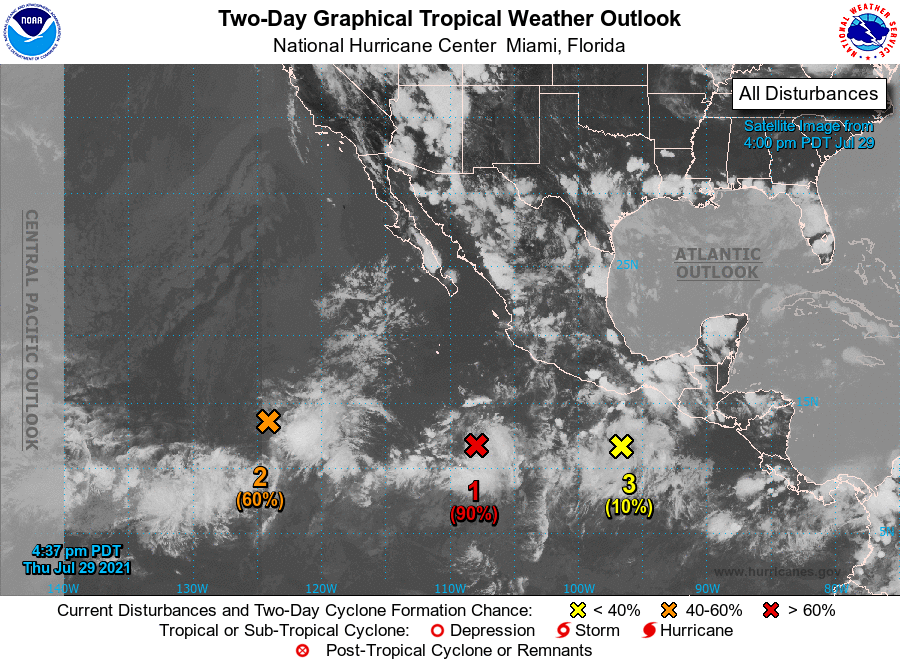
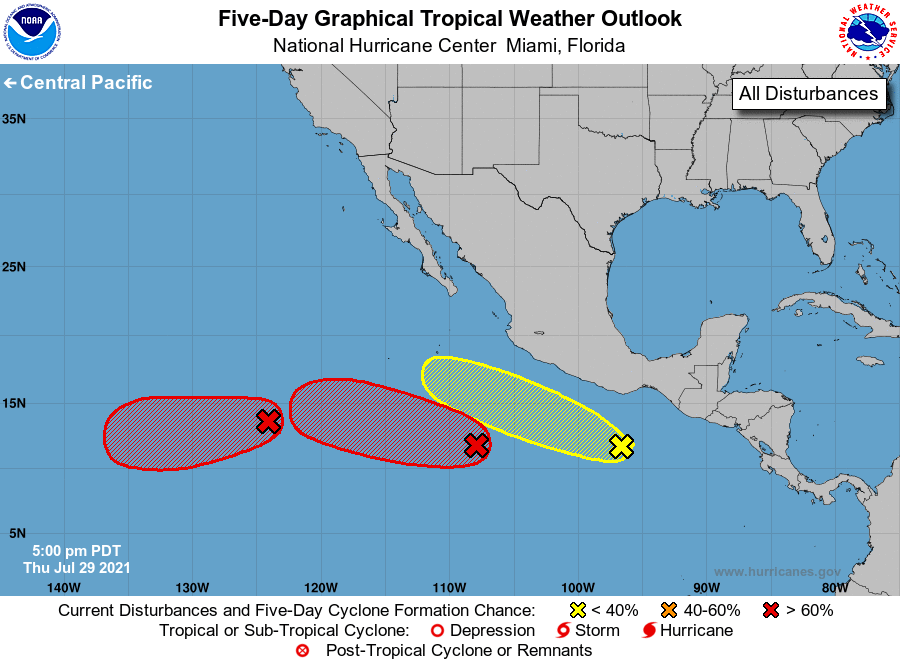
For the eastern North Pacific...east of 140 degrees west longitude:

1. Showers and thunderstorms are gradually becoming better organized in association with an area of low pressure located about 600 miles southwest of the coast of southwestern Mexico. Environmental conditions are conducive for continued development, and a tropical depression or tropical storm is expected to form during the next day or two while the system moves west-northwestward at 10 to 15 mph. For more information on this system, please see High Seas forecasts issued by the NOAA Tropical Analysis and Forecast Branch.
* Formation chance through 48 hours...high...90 percent.
* Formation chance through 5 days...high...90 percent.

2. Another area of low pressure is located about 1100 miles southwest of the southern tip of the Baja California peninsula. At this time, the associated shower and thunderstorm activity is poorly organized and confined to an area southeast of the center. Upper-level winds are expected to become more conducive for development during the next couple of days, and a tropical depression is likely to form over the weekend while the system moves generally westward at 5 to 10 mph.
* Formation chance through 48 hours...medium...60 percent.
* Formation chance through 5 days...high...80 percent.

3. An area of disturbed weather has formed several hundred miles south-southeast of the Gulf of Tehuantepec. Additional gradual development is possible during the next several days while the system moves west-northwestward at 10 to 15 mph.
* Formation chance through 48 hours...low...10 percent.
* Formation chance through 5 days...low...30 percent.

High Seas Forecasts issued by the National Weather Service can be found under AWIPS header NFDHSFEPI, WMO header FZPN02 KWBC, and on the web at ocean.weather.gov/shtml/NFDHSFEPI.php

Forecaster Beven